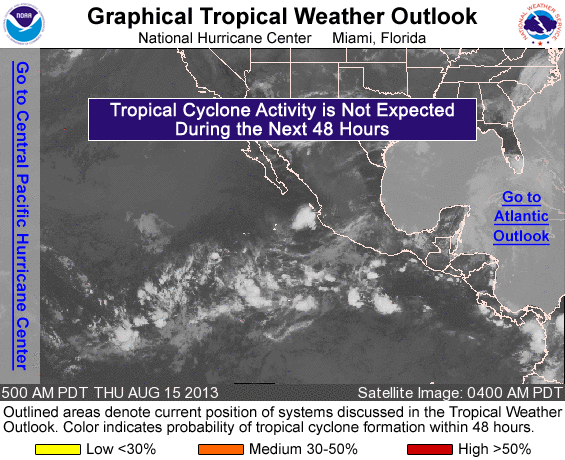
FOR THE EASTERN NORTH PACIFIC...EAST OF 140 DEGREES WEST LONGITUDE..

TROPICAL CYCLONE FORMATION IS NOT EXPECTED DURING THE NEXT FIVE DAYS.

&&
FIVE-DAY FORMATION PROBABILITIES ARE EXPERIMENTAL IN 2013. COMMENTS ON THE EXPERIMENTAL FORECASTS CAN BE PROVIDED AT...

HTTP://WWW.NWS.NOAA.GOV/SURVEY/NWS-SURVEY.PHP?CODE=ETWO

FORECASTER BRENNAN